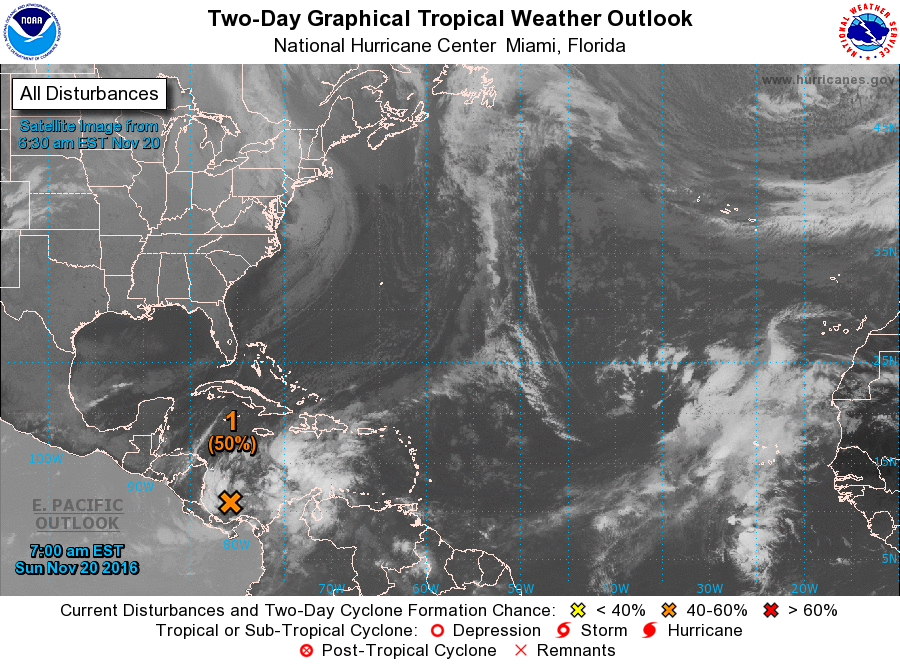
For the North Atlantic...Caribbean Sea and the Gulf of Mexico:

1. Showers and thunderstorms over the extreme southwestern Caribbean Sea are associated with a broad area of low pressure. Environmental conditions are marginally conducive for development, and a tropical depression could form during the next few days while the low moves slowly and erratically. For additional information on this system, see High Seas Forecasts issued by the National Weather Service.
* Formation chance through 48 hours...medium...50 percent
* Formation chance through 5 days...high...70 percent

High Seas Forecasts issued by the National Weather Service can be found under AWIPS header NFDHSFAT1, WMO header FZNT01 KWBC, and at http://www.opc.ncep.noaa.gov/shtml/NFDHSFAT1.shtml.

Forecaster Pasch